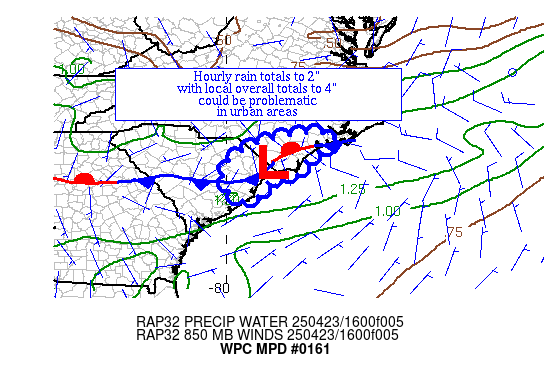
Areas affected...southeast NC & northeast SC

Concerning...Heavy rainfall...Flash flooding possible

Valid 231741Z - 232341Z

Summary...Organized thunderstorms are forming across southeast NC
and coastal SC with some showing signs of backbuilding/limited
movement.  Hourly rain totals to 2" with local amounts to 4" are
possible, which would be problematic in urban areas.

Discussion...A frontal boundary lies across the region, oriented
east-northeast to west-southwest, with a weak/elongated wave near
Lake Waccanaw NC, which has shifted southwestward since 12-15z
based on surface observations.  Precipitable water values are
~1.3-1.4".  ML CAPE across the region appears to be drifting
southwest, with values of 500-1500 J/kg on both sides of the
front, which should increase another 500 J/kg or so this
afternoon.  Effective bulk shear of 25-35 kts is organizing the
storms.

The 12z HREF indicates that the heavy rain threat increases
through the afternoon, with the highest rain rates shifting
southwest with time, which fits recent trends in the ML CAPE pool
and RAP mass fields regarding the weak frontal wave's expected
future movement.  Recent backbuilding on radar is expected to
continue over the next several hours.  Hourly rain totals should
maximize in the 2" range, with local amounts to 4" possible.  The
guidance shows a reasonable signal for heavy rain in this region,
with a similar signal.  Soils are sandy in this region, which when
combined with minimal rainfall over the past couple of weeks has
led to high flash flood guidance values.  Any issues are expected
to be urban, given the expected hourly and overall totals.